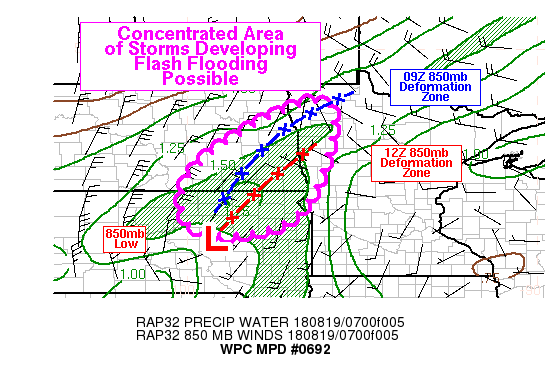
Areas affected...Eastern North Dakota, Northeast South Dakota,
Northwest Minnesota

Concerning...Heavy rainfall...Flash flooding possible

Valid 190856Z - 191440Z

Summary...Thunderstorms had rapidly developed between 2 AM and 4
AM CDT across eastern North Dakota, near a front in the low levels
of the atmosphere. As the front is expected to move very little in
the next several hours, these storms should stay anchored in the
region and could produce locally heavy rainfall where they can
persist. Rain rates 2 in/hr are likely, and that could lead to
flash flooding over the eastern Dakotas.

Discussion...KMVX radar showed a significant uptick in convective
coverage and intensity between 07Z and 09Z, and GOES-16 showed
cooling cloud tops (IR channels) and increasing lightning activity
(GLM). All these signals were consistent with increasingly
organized thunderstorm activity just ahead of a surface front, and
along a low-level deformation zone. RAP analysis places an 850mb
low in east-central South Dakota, with a deformation zone
extending northeast from there. Precipitable water values in this
region to the northeast of the low were elevated, and generally
around 1.6 to 1.7 inches. A ribbon of instability also existed in
the same region, with MUCAPE values around 2000 j/kg. The low is
expected to be nearly stationary into the mid-morning hours, and
the associated deformation zone may only shift slightly to the
southeast. This should maintain fairly strong low-level forcing in
a corridor with a moist, unstable air mass, and thus convection
should be able to persist for at least several more hours. As
convection becomes focused along the deformation zone, it could
begin to train over some areas and lead to swaths of heavy
rainfall. MRMS and KMVX dual pol estimates showed rain rates
approaching 2 in/hr already and KJMS reported 1.70 inches of rain
in just 23 minutes (0820-0843Z), so the rain rates could
conceivably exceed 2 in/hr in the heaviest rain bands. These rain
rates could produce flash flooding, particularly if they were
sustained in an area for longer than an hour. Although the
greatest concentration of convection is in eastern North Dakota at
the moment, additional convection may fill in across northeast
South Dakota in the next few hours as the low becomes better
established.